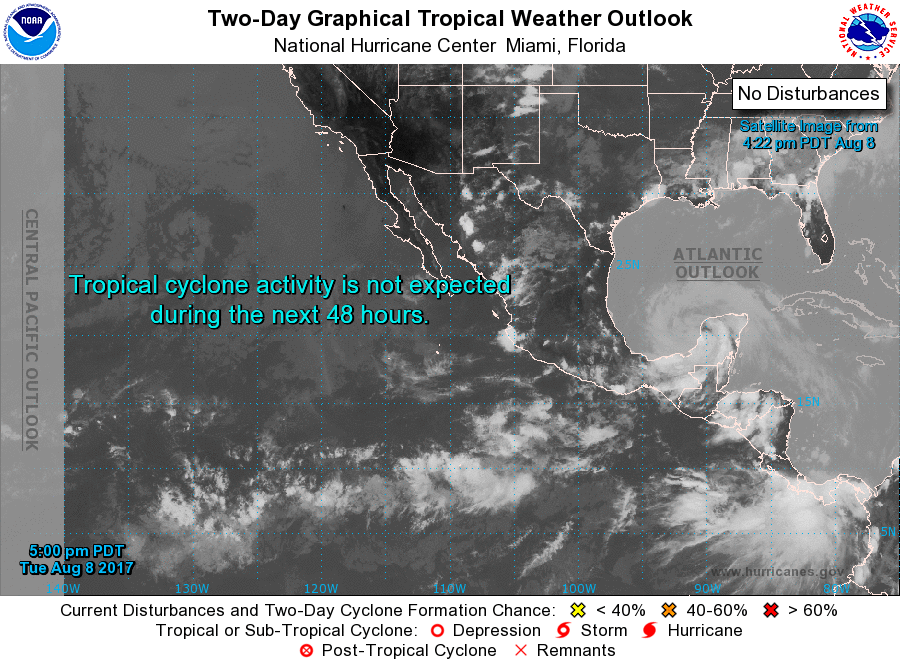
For the eastern North Pacific...east of 140 degrees west longitude:

1. An area of low pressure is expected to form just off the west-central coast of Mexico late this week in association with the remnants of Atlantic Tropical Storm Franklin after it moves across southern Mexico. Environmental conditions could be conducive for some development of the system while it moves toward the west-northwest or northwest at 10 to 15 mph.
* Formation chance through 48 hours...low...near 0 percent.
* Formation chance through 5 days...low...30 percent.

2. Another area of low pressure is forecast to form well south of the coast of southern Mexico late this week. Environmental conditions are expected to be conducive for some gradual development of this system over the weekend.
* Formation chance through 48 hours...low...near 0 percent.
* Formation chance through 5 days...low...20 percent.

Forecaster Brown